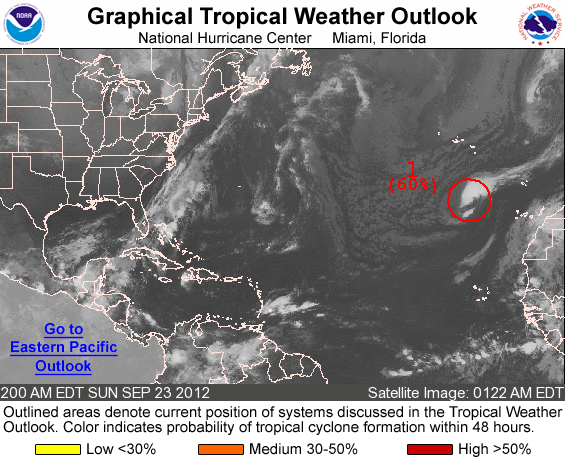
FOR THE NORTH ATLANTIC...CARIBBEAN SEA AND THE GULF OF MEXICO...

1. THUNDERSTORM ACTIVITY HAS CONTINUED TO INCREASE NEAR THE CENTER OF POST-TROPICAL CYCLONE NADINE...LOCATED ABOUT 500 MILES WEST-NORTHWEST OF THE CANARY ISLANDS. CONDITIONS ARE EXPECTED TO GRADUALLY BECOME MORE CONDUCIVE FOR REGENERATION OF THIS SYSTEM INTO A TROPICAL OR SUBTROPICAL CYCLONE AS IT MOVES OVER WARMER WATERS DURING THE NEXT COUPLE OF DAYS. THIS SYSTEM HAS A HIGH CHANCE...60 PERCENT...OF BECOMING A TROPICAL OR SUBTROPICAL CYCLONE AGAIN DURING THE NEXT 48 HOURS AS IT MOVES WESTWARD AT 5 TO 10 MPH.

ADDITIONAL INFORMATION ON POST-TROPICAL CYCLONE NADINE CAN BE FOUND IN HIGH SEAS FORECASTS ISSUED BY METEO FRANCE.

ELSEWHERE...TROPICAL CYCLONE FORMATION IS NOT EXPECTED DURING THE NEXT 48 HOURS.

2.

&&
3. HIGH SEAS FORECASTS ISSUED BY METEO FRANCE CAN BE FOUND UNDER WMO HEADER FQNT50 LFPW.

FORECASTER STEWART